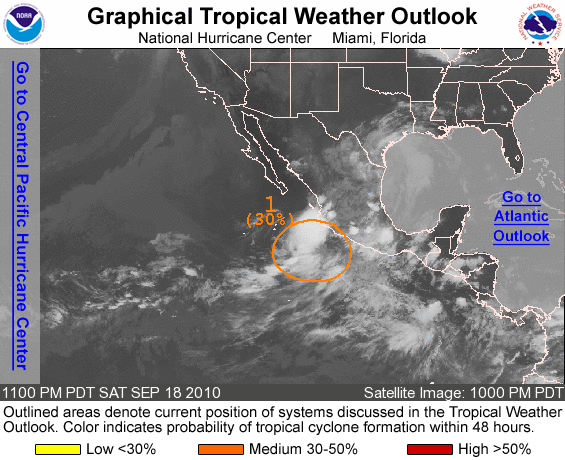
FOR THE EASTERN NORTH PACIFIC...EAST OF 140 DEGREES WEST LONGITUDE..

1. A LARGE AREA OF SHOWERS AND THUNDERSTORMS IS ASSOCIATED WITH A BROAD AREA OF LOW PRESSURE CENTERED A COUPLE HUNDRED MILES SOUTH OF MANZANILLO MEXICO. ENVIRONMENTAL CONDITIONS APPEAR MARGINALLY FAVORABLE FOR SOME DEVELOPMENT DURING THE NEXT DAY OR TWO...AND THERE IS A MEDIUM CHANCE...30 PERCENT...OF THIS SYSTEM BECOMING A TROPICAL CYCLONE DURING THE NEXT 48 HOURS AS IT MOVES SLOWLY WEST-NORTHWESTWARD.

ELSEWHERE...TROPICAL CYCLONE FORMATION IS NOT EXPECTED DURING THE NEXT 48 HOURS.

FORECASTER LANDSEA/BRENNAN